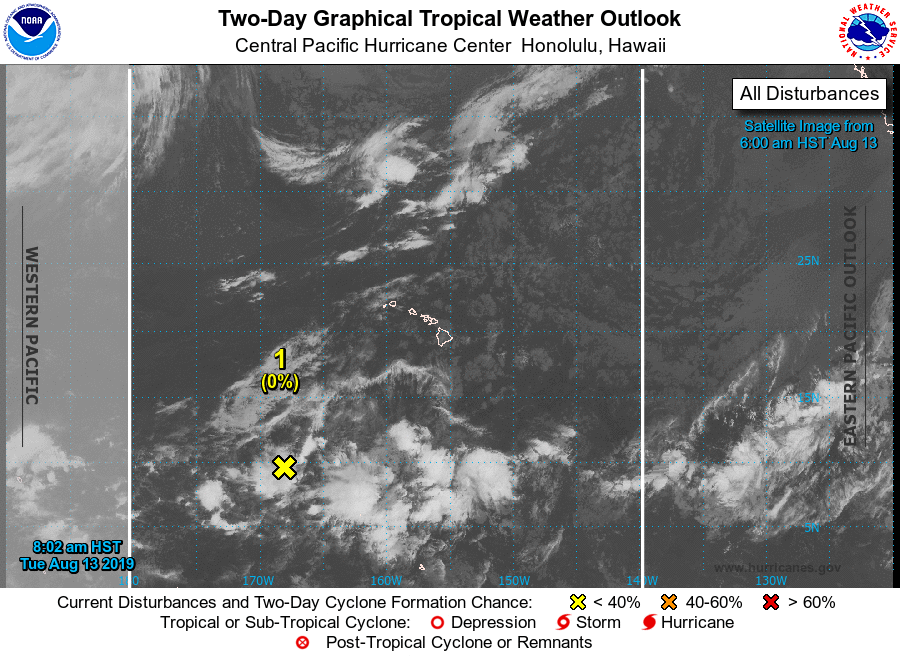
For the central North Pacific...between 140W and 180W:

1. Showers and thunderstorms associated with a trough of low pressure located about 1050 miles southwest of Oahu has remained disorganized over the past 24 hours. Some subsequent development of the system is possible as it moves westward at around 10 mph.
* Formation chance through 48 hours...low...near 0 percent.
* Formation chance through 5 days...low...20 percent.

Elsewhere, no tropical cyclones are expected during the next 5 days.

Forecaster Kino